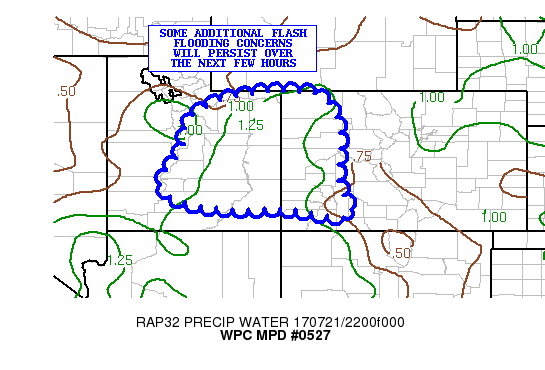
AREAS AFFECTED...WESTERN CO...CENTRAL/EASTERN UT

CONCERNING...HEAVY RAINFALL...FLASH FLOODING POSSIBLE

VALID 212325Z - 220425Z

SUMMARY...SCATTERED AREAS OF SLOW-MOVING SHOWERS AND THUNDERSTORMS
WILL CONTINUE OVER THE NEXT SEVERAL HOURS WITH ADDITIONAL CONCERNS
FOR FLASH FLOODING. CONDITIONS SHOULD IMPROVE BY LATE EVENING.

DISCUSSION...MONSOON-DRIVEN SHOWERS AND THUNDERSTORMS CONTINUE
ACROSS A LARGE AREA OF CENTRAL/WESTERN CO AND INTO CENTRAL/EASTERN
UT AS A RATHER DEEP COLUMN OF MOISTURE PERSISTS AND COUPLES WITH
ROBUST DIURNAL HEATING AND OROGRAPHICS FOR RATHER WIDESPREAD
CONVECTIVE DEVELOPMENT.

THE LATEST CIRA-LPW DATA AND GOES-15 SOUNDER DATA CONTINUE TO SHOW
PWATS LOCALLY EXCEEDING 1 INCH...WHICH IS FOSTERING PWAT ANOMALIES
AS HIGH AS 2 STANDARD DEVIATIONS ABOVE NORMAL. THIS WILL CONTINUE
TO FAVOR HIGHLY EFFICIENT RAINFALL PROCESSES FOR ENHANCED RAINFALL
RATES AND ESPECIALLY WHEN COMBINED WITH SOME OF THE OROGRAPHIC
FORCING OVER THE HIGHER TERRAIN.

THE LATEST HRRR GUIDANCE ACTUALLY SUGGESTS A FAIR AMOUNT OF
CONVECTION PERSISTING OVER ESPECIALLY EASTERN UT AND WESTERN CO
GOING THROUGH ABOUT 03Z...WITH A WEAKENING TREND THEREAFTER AS
INSTABILITY ACROSS THE REGION BECOMES EXHAUSTED.

EXPECT ADDITIONAL RAINFALL AMOUNTS OF AS MUCH AS 1 TO 2
INCHES..WITH ISOLATED AMOUNTS UP TO 3 INCHES WITHIN SOME OF THE
STRONGER CONVECTIVE CORES AND NEAR FAVORED UPSLOPE AREAS. THIS
WILL MAINTAIN THE THREAT FOR FLASH FLOODING.